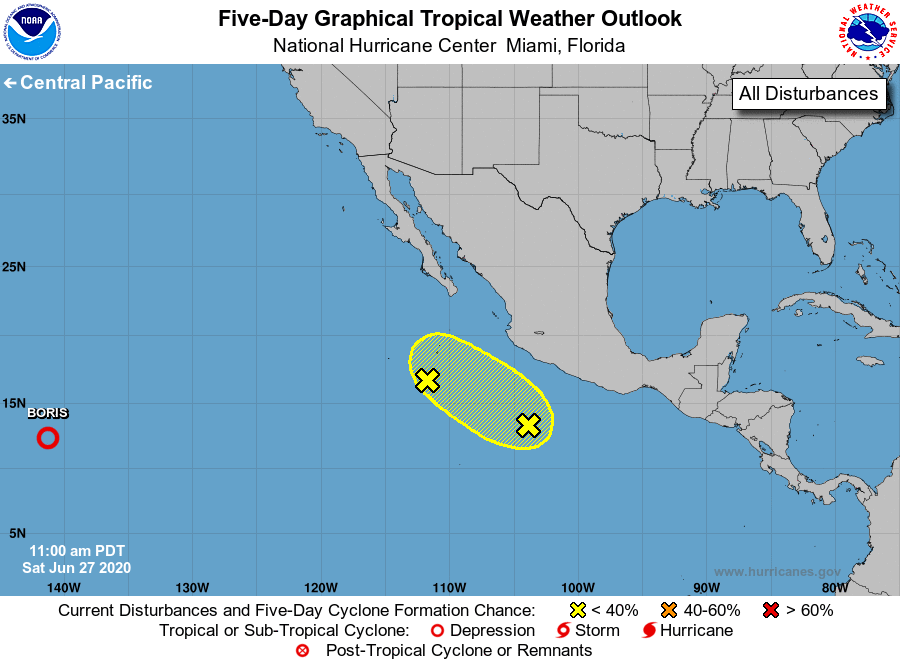
For the eastern North Pacific...east of 140 degrees west longitude:

1. A broad area of low pressure located several hundred miles south-southwest of the southern tip of the Baja California peninsula is producing limited shower and thunderstorm activity. This system is expected to be absorbed by another area of disturbed weather to its southeast during the next few days, and therefore development is not expected while it moves westward at 5 to 10 mph.
* Formation chance through 48 hours...low...near 0 percent.
* Formation chance through 5 days...low...near 0 percent.

2. Another area of disorganized showers and thunderstorms is located several hundred miles off the coast of southwestern Mexico. This system is expected to move northwestward at about 15 mph, parallel to the coast of Mexico, and some development is possible before it reaches cooler waters in a couple of days.
* Formation chance through 48 hours...low...20 percent.
* Formation chance through 5 days...low...20 percent.

Forecaster Berg